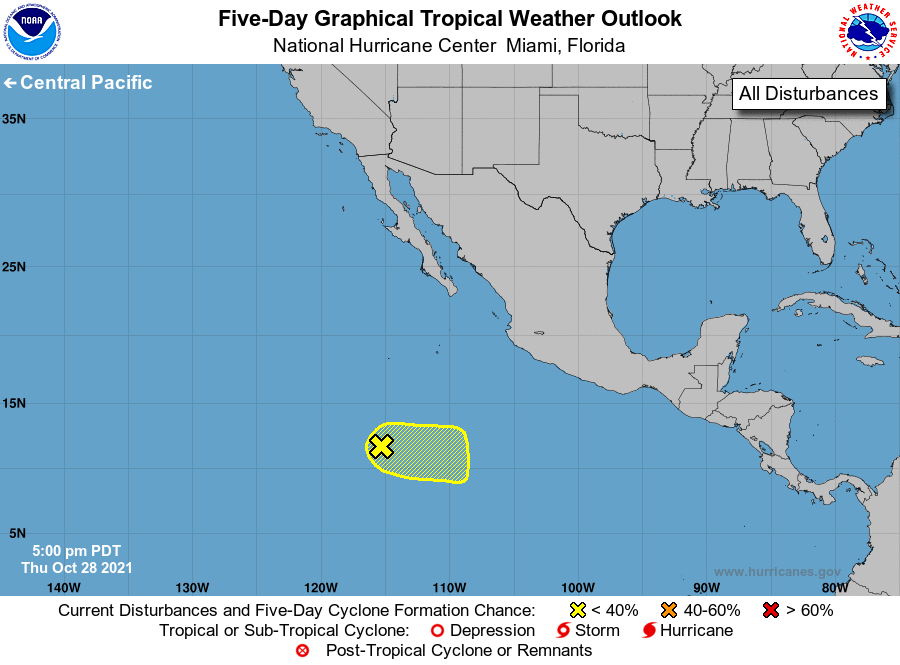
For the eastern North Pacific...east of 140 degrees west longitude:

1. Showers and thunderstorms remain limited and disorganized in association with a low pressure system located several hundred miles south-southwest of the southern tip of the Baja California peninsula. Any development of this system should be slow to occur during the next couple of days as it drifts slowly eastward over the open eastern Pacific waters. By late this weekend and early next week, environmental conditions are expected to become unfavorable for further development.
* Formation chance through 48 hours...low...20 percent.
* Formation chance through 5 days...low...20 percent.

Forecaster Stewart